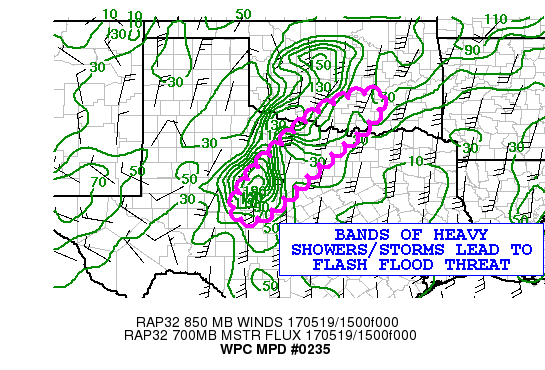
AREAS AFFECTED......NORTH CENTRAL TEXAS TO RED RIVER VALLEY...

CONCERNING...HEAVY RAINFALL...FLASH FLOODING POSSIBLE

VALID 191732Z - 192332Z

SUMMARY...THE THREAT OF TRAINING SHOWERS/THUNDERSTORMS ALONG A LOW
LEVEL BOUNDARY MAY RESULT IN A FLASH FLOOD THREAT THIS AFTERNOON
IN NORTH CENTRAL TEXAS TO SOUTHEAST OK.

DISCUSSION...SHOWERS AND THUNDERSTORMS CONTINUE IN THE VICINITY OF
A LOW LEVEL BAROCLINIC ZONE WITH DEWPOINTS IN THE LOWER 70S
ADVANCING TOWARDS THE BAND FROM CENTRAL TEXAS.

CLUSTERS OF SHOWERS/STORMS ARE EXPECTED TO
PERSIST AS COUPLED UPPER DIVERGENCE/LOWER CONVERGENCE COUPLETS
OCCUR UNDER DIFLUENT FLOW ALOFT DOWNSTREAM FROM AN UPPER JET
MAXIMA OVER NEW MEXICO AND SOUTHWEST TEXAS. THE HIGH RESOLUTION
RAPID REFRESH RUNS CONTINUE SHOWING WELL DEFINED 850-700 MB
MOISTURE FLUXES INTO THE BAND.  THE CLUSTER CONTINUES TO BE
SUPPORTED BY
INSTABILITY...INCLUDED MIXED LAYER CAPE VALUES NEAR 2000
J/KG...EVEN HIGHER SOUTH OF THE BAND.

THE COMBINATION OF ESTIMATED PRECIPITABLE WATER VALUES NEAR 1.5
INCHES AND SURFACE DEWPOINTS CLIMBING TO NEAR 70 DEGREES PROVIDES
PLENTIFUL MOISTURE TO BE TAPPED BY THE CONTINUING UPPER LEVEL
DIVERGENCE..SO LOCALLY HEAVY RAIN WILL OCCUR.

DEEP LAYER MEAN WINDS ARE FORECAST TO BE SOUTHWEST....RESULTING IN
A NET NORTHEAST MOTION.  2-4 INCHES OF RAIN ARE EXPECTED WITHIN
THE BAND THROUGH 00Z.  THE POTENTIAL IS THERE FOR ISOLATED HIGHER
AMOUNTS THIS PERIOD...CONTINUING INTO LATER THIS EVENING. THESE
AMOUNTS ARE FORECAST BY
THE HIGH RES NSSL WRF...HIGH RES RAPID REFRESH (HRRR)...AND WRF
ARW THIS AFTERNOON AND EVENING. THESE RAINS COUPLED WITH LOCALIZED
TRAINING OF CELLS MAY CAUSE FLASH FLOODING AS A RESULT.